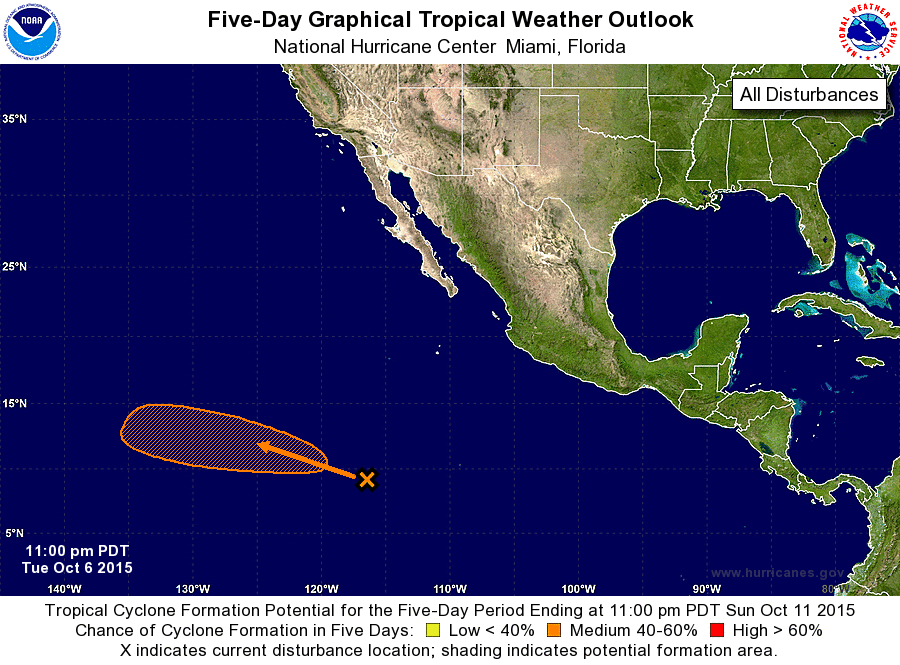
For the eastern North Pacific...east of 140 degrees west longitude:

1. Showers and thunderstorms associated with a tropical wave located about 1000 miles south-southwest of the southern tip of the Baja California peninsula have become slightly better organized since yesterday. Environmental conditions are expected to be conducive for gradual development of this system later this week while the low moves west-northwestward.
* Formation chance through 48 hours...low...20 percent
* Formation chance through 5 days...medium...60 percent

Forecaster Beven